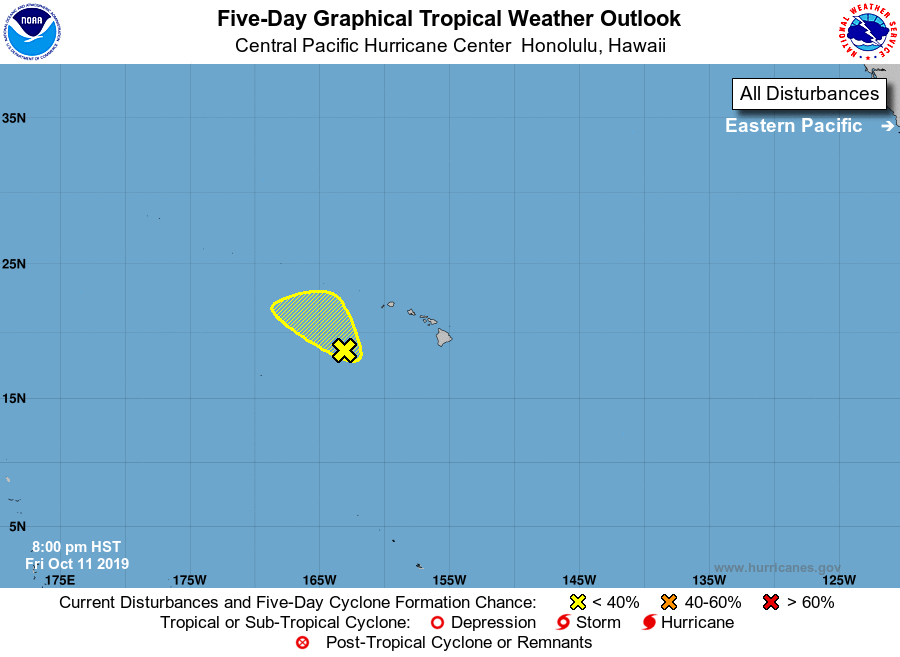
For the central North Pacific...between 140W and 180W:

An area of low pressure is located around 300 miles southwest of Lihue, Kauai. Some subsequent development of this system is possible while it moves northwestward over the next 48 hours. After 48 hours, environmental conditions is expected to become unfavorable for development.

1.
* Formation chance through 48 hours...low...20 percent
* Formation chance through 5 days...low...20 percent

Forecaster Kino